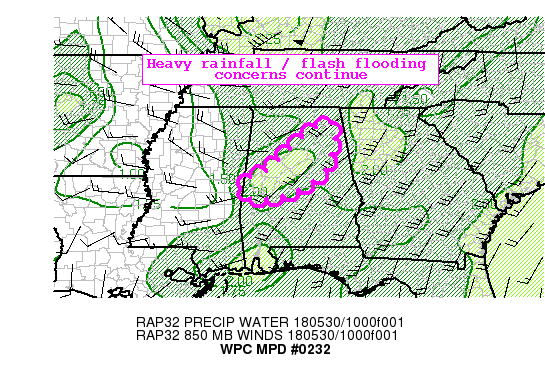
AREAS AFFECTED...CENTRAL TO NORTHERN ALABAMA

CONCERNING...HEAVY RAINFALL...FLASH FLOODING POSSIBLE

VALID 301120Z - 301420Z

SUMMARY...ADDITIONAL TRAINING CONVECTION WITH HEAVY RAINFALL RATES
EXPECTED TO CONTINUE...RAISING FURTHER FLASH FLOODING CONCERNS
THIS MORNING.

DISCUSSION...RECENT RETURNS FROM KBMX RADAR CONTINUE TO SHOW
TRAINING CONVECTION PRODUCING RAINFALL RATES OF 1-2 IN/HR ACROSS
WEST-CENTRAL INTO CENTRAL ALABAMA.  LATEST MESOANALYSIS SHOWS DEEP
MOISTURE (PWS AROUND 2 INCHES AND 850-300 RH VALUES IN EXCESS OF
80 PERCENT) ALONG AN AXIS OF DEEP SOUTHWESTERLY FLOW CONTINUING TO
INTERACT WITH A SERIES OF SHORTWAVES ROTATING AROUND TO THE SOUTH
OF THE UPPER LOW ASSOCIATED WITH ALBERTO.  VERY EFFICIENT RAINFALL
PROCESSES ALONG WITH TRAINING CONVECTION MAY CONTINUE THROUGH THE
MORNING...PRODUCING HEAVY RAINFALL AMOUNTS ACROSS AREAS WITH
NEARLY SATURATED TO SATURATED SOILS...RAISING FURTHER FLASH
FLOODING CONCERNS.  FOR THE 3-HR PERIOD ENDING AT
15Z...NEIGHBORHOOD PROBABILITIES FROM THE 06Z RUN OF THE HREF SHOW
A 30 PERCENT CHANCE OR GREATER FOR ADDITIONAL AMOUNTS OF AN INCH
OR MORE WITHIN THE HIGHLIGHTED AREA.